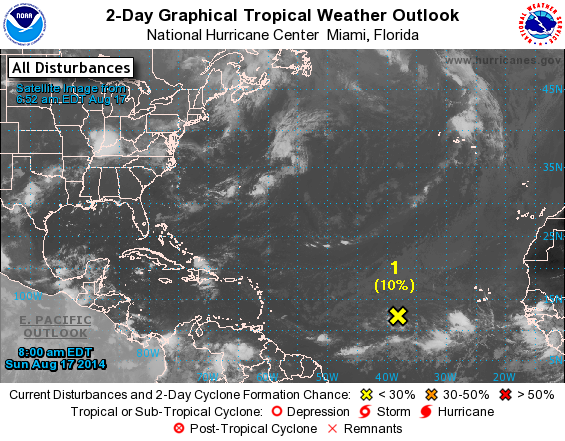
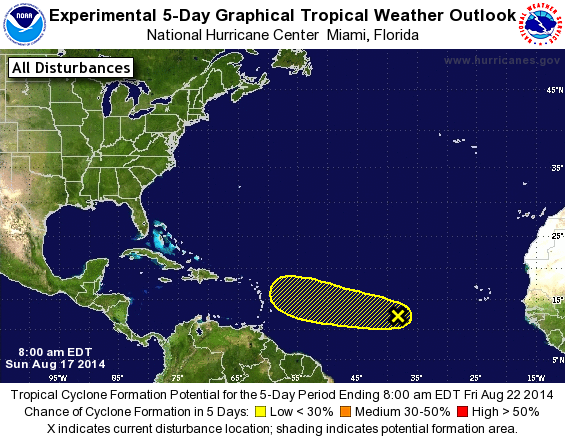
For the North Atlantic...Caribbean Sea and the Gulf of Mexico:

1. A broad low pressure area located midway between the Lesser Antilles and the Cape Verde Islands is producing disorganized cloudiness and showers. Some gradual development of this system is possible during the next few days while it moves slowly westward across the central tropical Atlantic.
* Formation chance through 48 hours...low...10 percent.
* Formation chance through 5 days...low...20 percent.

Forecaster Avila